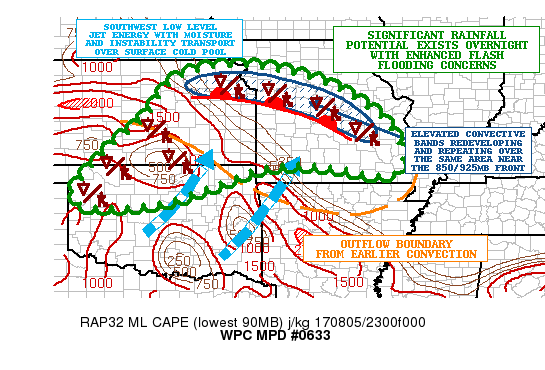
AREAS AFFECTED...SOUTHERN/EASTERN KS...NORTHERN
OK...WESTERN/SOUTHERN MO

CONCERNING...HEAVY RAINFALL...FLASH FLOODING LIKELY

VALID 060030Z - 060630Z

SUMMARY...MULTIPLE BANDS/CLUSTERS OF SHOWERS AND THUNDERSTORMS
WITH HEAVY RAINFALL ARE EXPECTED INTO THE OVERNIGHT HOURS. FLASH
FLOODING IS LIKELY AND COULD BE LOCALLY SIGNIFICANT GIVEN THE WET
ANTECEDENT CONDITIONS.

DISCUSSION...RADAR IMAGERY CONTINUES TO SHOW A BAND OF ELEVATED
CONVECTION FROM NEAR THE KANSAS CITY METROPOLITAN AREA SOUTHEAST
DOWN ACROSS MUCH OF CENTRAL MO AT THIS TIME. THE ACTIVITY
CONTINUES TO BE FACILITATED BY THE PRESENCE OF A MODERATELY STRONG
SOUTHWEST LOW LEVEL JET WHICH IS TRANSPORTING PLENTY OF
MOIST/UNSTABLE AIR OVER TOP A SURFACE COLD POOL GENERATED FROM
EARLY DAY CONVECTION. THE RESULTING WARM ADVECTION/ISENTROPIC LIFT
REGIME COUPLED WITH SOME RIGHT-ENTRANCE REGION UPPER JET SUPPORT
HAS BEEN FACILITATING REPEATING CELLS OVER THE SAME AREA AND THIS
IS CONTINUING TO MOISTEN AND SATURATE THE SOIL CONDITIONS.

MEANWHILE...LATE-DAY NON-OPERATIONAL GOES-16 IR/VIS IMAGERY SHOWS
PLENTY OF HEAVY SHOWER AND THUNDERSTORM ACTIVITY ERUPTING OVER
SOUTHERN KS AND ADJACENT AREAS OF FAR NORTHERN OK. THIS IS
OCCURRING WITHIN A NOTABLY MOIST AND UNSTABLE WARM-SECTOR AIRMASS
CHARACTERIZED BY 1.6 TO 1.8 INCH PWATS AND UPWARDS OF 2000 J/KG OF
MLCAPE WHICH IS ALSO BUMPING UP AGAINST AND NOW OVERRUNNING A
WELL-DEFINED OUTFLOW BOUNDARY WHICH DELINEATES THE LEADING EDGE OF
THE AFOREMENTIONED COLD POOL OVER SOUTH-CENTRAL AND SOUTHEAST KS.

THE CONVECTIVE THREAT IS EXPECTED TO INCREASE MARKEDLY OVERNIGHT
ACROSS AREAS OF NORTHEAST KS DOWN INTO CENTRAL MO...INCLUDING THE
KANSAS CITY METROPOLITAN AREA. A SEPARATE AREA OF CONCERN WILL
ALSO EXIST ACROSS PARTS OF SOUTHEAST KS WHERE ALREADY UPWARDS OF 6
INCHES OF RAIN HAS FALLEN SINCE EARLY THIS MORNING.

THE ENHANCED CONVECTIVE THREAT WILL BE FACILITATED BY FURTHER
STRENGTHENING OF THE SOUTHWEST LOW LEVEL JET ASSOCIATED WITH AN
APPROACHING SHORTWAVE TROUGH AND ASSOCIATED AREA OF SURFACE LOW
PRESSURE. THE LOW LEVEL JET IS FORECAST TO INCREASE TO 40 TO 50
KTS TOWARD 06Z...AND THIS WILL DRIVE STRONGER MOISTURE/INSTABILITY
TRANSPORT IN AN ELEVATED FASHION OVER THE AFOREMENTIONED COLD POOL
AND WITH INTERACTION INVOLVING THE 925/850 MB WARM FRONT FOCUSED
FROM NORTHEAST KS DOWN ACROSS CENTRAL MO.

THE AFOREMENTIONED OUTFLOW BOUNDARY SHOULD TEND TO RETREAT
NORTHEASTWARD WITH TIME...BUT VERY HEAVY RAINS WILL BE FOCUSING
ALONG AND NORTH OF THIS BOUNDARY OVER PARTS OF SOUTHERN/SOUTHEAST
KS AND POSSIBLY NORTHERN OK. MEANWHILE...FARTHER NORTH THE
ELEVATED WARM FRONT WILL TEND TO BE A SEPARATE FOCUS WHERE THE LOW
LEVEL JET INTERACTING WITH THIS BOUNDARY COUPLED WITH SOME
STRENGTHENING OF RIGHT-ENTRANCE REGION JET DYNAMICS WILL ALLOW FOR
A FOCUSED AXIS OF STRONG AND POSSIBLY TRAINING THUNDERSTORMS WITH
VERY HEAVY RAINFALL RATES.

AS SUGGESTED BY THE LATEST HRRR GUIDANCE...EXPECT RAINFALL RATES
OF AS MUCH AS 2.5 INCHES/HR...AND ADDITIONAL RAINFALL TOTALS OF 3
TO 6+ INCHES FROM NORTHEAST KS TO CENTRAL MO THROUGH 06Z.
MEANWHILE...EXPECT SIMILAR AMOUNTS TO BE POSSIBLE OVER PARTS OF
SOUTHERN/SOUTHEAST KS AND FAR NORTHERN OK. FLASH FLOODING IS
LIKELY...AND SOME OF IT COULD BE SIGNIFICANT GIVEN EARLIER
RAINFALL AND POTENTIALLY ENHANCED URBANIZED RUNOFF CONCERNS.